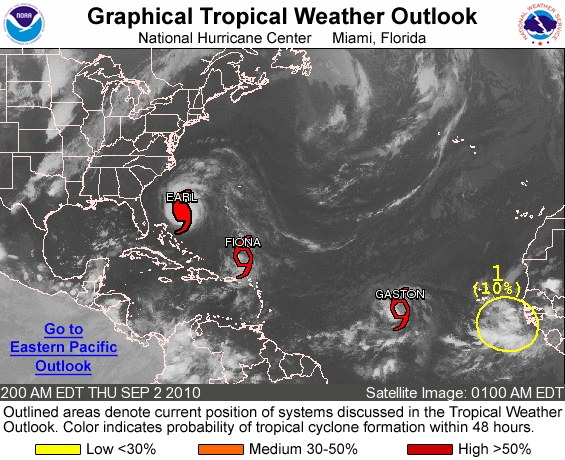
FOR THE NORTH ATLANTIC...CARIBBEAN SEA AND THE GULF OF MEXICO...

THE NATIONAL HURRICANE CENTER IS ISSUING ADVISORIES ON HURRICANE EARL...LOCATED ABOUT 460 MILES SOUTH OF CAPE HATTERAS NORTH CAROLINA. ADVISORIES ARE ALSO BEING ISSUED ON TROPICAL STORM FIONA...LOCATED ABOUT 270 MILES NORTH-NORTHEAST OF SAN JUAN PUERTO RICO...AND ON TROPICAL STORM GASTON...LOCATED ABOUT 935 MILES WEST OF THE CAPE VERDE ISLANDS.

1. A STRONG TROPICAL WAVE...ACCOMPANIED BY SHOWERS AND THUNDERSTORMS...HAS JUST MOVED OFF THE WEST COAST OF AFRICA. SOME SLOW DEVELOPMENT OF THIS SYSTEM IS POSSIBLE AS IT MOVES WESTWARD NEAR 10 MPH OVER THE NEXT COUPLE OF DAYS. THERE IS A LOW CHANCE...10 PERCENT...OF THIS SYSTEM BECOMING A TROPICAL CYCLONE DURING THE NEXT 48 HOURS.

ELSEWHERE...TROPICAL CYCLONE FORMATION IS NOT EXPECTED DURING THE NEXT 48 HOURS.

PUBLIC ADVISORIES ON TROPICAL STORM GASTON ARE ISSUED UNDER WMO HEADER WTNT34 KNHC AND UNDER AWIPS HEADER MIATCPAT4. FORECAST/ADVISORIES ON TROPICAL STORM GASTON ARE ISSUED UNDER WMO HEADER WTNT24 KNHC AND UNDER AWIPS HEADER MIATCMAT4.

FORECASTER CANGIALOSI/KIMBERLAIN